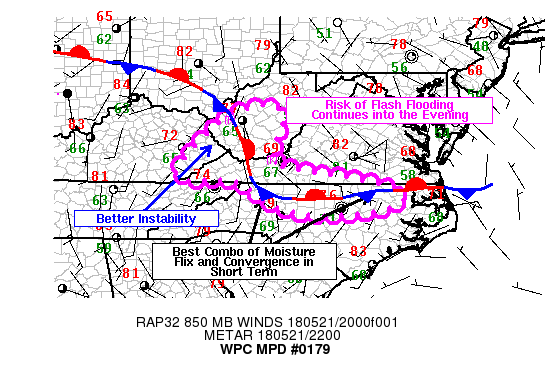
AREAS AFFECTED...SOUTHWEST WEST VIRGINIA...NORTHERN NORT
CAROLINA...FAR SOUTHWEST VIRGINIA

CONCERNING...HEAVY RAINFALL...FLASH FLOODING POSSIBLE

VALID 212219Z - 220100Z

SUMMARY...AREAS OF HEAVY RAINFALL RATES OVER PORTIONS OF NORTHERN
NORTH CAROLINA AND FAR SOUTHWEST VIRGINIA/SOUTHERN WEST VIRGINIA
WILL CONTINUE INTO THE EVENING BEFORE TAPERING OFF WITH THE LOSS
OF INSOLATION.

DISCUSSION...THE LATEST GOES-16 CLEAN IR SATELLITE IMAGERY SHOWS
SCATTERED CONVECTION CONTINUING TO BUBBLE UP OVER PORTIONS OF
NORTH CAROLINA AND ADJACENT PORTIONS OF SOUTHWEST VIRGINIA IN A
REGION THAT HAD A RECEIVED SOME CLEARING EARLIER IN THE DAY.  LOW
LEVEL WINDS WERE LIGHT ON EITHER SIDE OF A QUASI STATIONARY FRONT
EXTENDING EAST TO WEST ACROSS NORTHERN NORTH CAROLINA BEFORE
CURVING TOWARDS THE NORTH OR NORTHWEST UPON ENCOUNTERING THE
APPALACHIANS.  THE RAP AND HRRR PAINT THIS AREA AS HAVING THE
BETTER CHANCES FOR HEAVY RAINFALL TO PERSIST INTO THE EVENING
GIVEN THE LIGHT WINDS AT THE SURFACE AND IN THE LOW LEVELS.

GREATEST RAINFALL RATES ARE ARE LIKELY TO BE ON THE ORDER OF 1 TO
2 INCHES LOCALLY THROUGH 22/00Z.

EXPECT SOME LOCALLY ENHANCED RUNOFF PROBLEMS AND FLASH FLOODING
FROM SLOW MOVING CONVECTION WITH SUCH RAINFALL RATES.